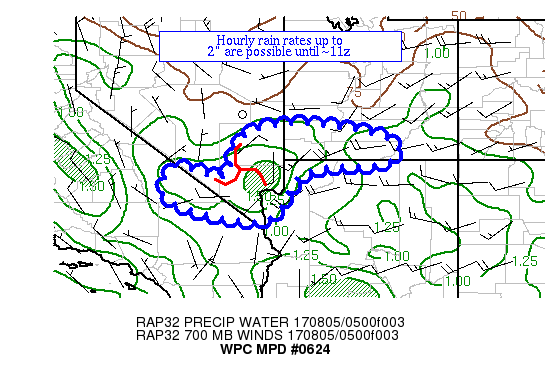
AREAS AFFECTED...VICINITY OF SOUTHERN UT & SOUTHERN NV

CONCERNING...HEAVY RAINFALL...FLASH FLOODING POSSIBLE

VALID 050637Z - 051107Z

SUMMARY...SHOWERS AND THUNDERSTORMS HAVE STARTED DEVELOPING NEAR
AN UPPER LEVEL LOW.  HOURLY RAIN RATES UP TO 2" ARE POSSIBLE UNTIL
INSTABILITY EXHAUSTS.

DISCUSSION...INFRARED AND WATER VAPOR IMAGERY FROM EXPERIMENTAL
GOES-16 IMAGERY ALONG WITH RADAR IMAGERY SHOW SHOWERS AND
THUNDERSTORMS REFORMING NEAR AN UPPER LOW LOCATED NEAR LAS VEGAS
NV, NEAR AN AXIS OF CYCLONIC FLOW/CONVERGENCE ACROSS SOUTHERN UT
AND SOUTHERN NV AT 700 HPA.  MU CAPE VALUES ARE 500-1000 J/KG PER
SPC MESOANALYSES.  THE ATMOSPHERE IS FAIRLY SATURATED IN THIS
REGION PER THE 00Z LAS VEGAS NV SOUNDING, WITH WET BULB ZERO
HEIGHTS OF 12,600 FEET.  PRECIPITABLE WATER VALUES OF 1.25-1.5"
EXIST IN THIS AREA.

THE EXPECTATION IS FOR THIS CONVECTION WITH INCREASING HOURLY RAIN
RATES TO CONTINUE TO DEVELOP UNTIL MU CAPE VALUES SINK BELOW 500
J/KG, WHICH HAS BEEN ADVERTISED AROUND 11Z WITHIN RECENT RAP RUNS.
 UNTIL THIS OCCURS, HOURLY RAIN RATES UP TO 2" ARE POSSIBLE.